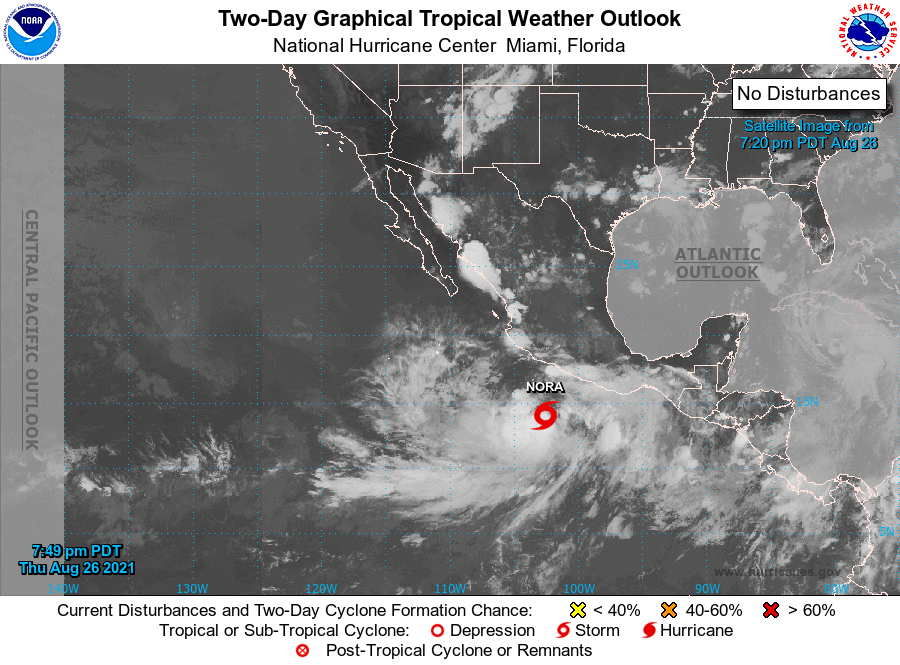
For the eastern North Pacific...east of 140 degrees west longitude:

The National Hurricane Center is issuing advisories on Tropical Storm Nora, located a few hundred miles south-southwest of Acapulco, Mexico.

Tropical cyclone formation is not expected during the next 5 days.

&&
Public Advisories on Tropical Storm Nora are issued under WMO header WTPZ34 KNHC and under AWIPS header MIATCPEP4. Forecast/Advisories on Tropical Storm Nora are issued under WMO header WTPZ24 KNHC and under AWIPS header MIATCMEP4.

Forecaster Reinhart/Cangialosi